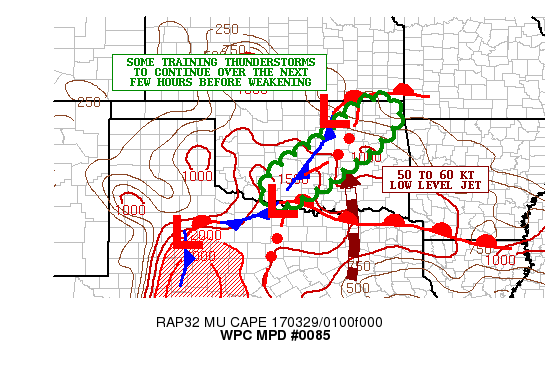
AREAS AFFECTED...SOUTHWEST TO CENTRAL/NORTHEAST OK

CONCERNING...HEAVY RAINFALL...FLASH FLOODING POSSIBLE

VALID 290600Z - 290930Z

SUMMARY...ADDITIONAL FLASH FLOODING IS EXPECTED FROM A REPEATING
BAND OF THUNDERSTORMS OVER THE NEXT FEW HOURS.

DISCUSSION...THE LATEST RADAR IMAGERY SHOWS A WELL-DEFINED AND
PROGRESSIVE BAND OF STRONG CONVECTION CONTINUING TO ADVANCE EAST
ACROSS NORTHERN AND CENTRAL TX WELL AHEAD OF A COLD FRONT STILL
SITUATED ACROSS WEST TEXAS ALONG WITH AN AREA OF LOW PRESSURE.
MEANWHILE...A SEPARATE AREA OF LOW PRESSURE JUST NORTHEAST OF
WICHITA FALLS TX REPRESENTS BASICALLY THE INTERSECTION OF THE
CONVECTIVE LINE SOUTH OF THE RED RIVER ALONG WITH A WELL-DEFINED
NORTHEASTWARD EXTENDING BAND OF CONVECTION THAT EXTENDS NOW INTO
NORTHEAST OK.

THE PORTION OF THE LINE SOUTHEAST OF OKLAHOMA CITY HAS BEEN
SHOWING SOME SIGNS OF WEAKENING OVER THE LAST COUPLE OF
HOURS...BUT MANY AREAS FROM SOUTHWEST TO CENTRAL OK HAVE ALREADY
SEEN LOCALLY SEVERAL INCHES OF RAIN. THE AXIS IS LIFTING INTO
NORTHEAST OK...AND ADDITIONAL CONVECTION BACK TO THE SOUTHWEST
WITH THE UPSTREAM SURFACE LOW NEAR THE TX/OK BORDER IS ASSOCIATED
WITH STRONGER UPPER FORCING. MEANWHILE...A STRONG LOW LEVEL JET OF
50 TO 60 KTS PERSISTS AHEAD OF THE CONVECTIVE BANDS...WHICH IS
HELPING TO TRANSPORT AS MUCH AS 1000 TO 1500 J/KG OF MUCAPE. PWATS
MEANWHILE ARE ON THE ORDER OF 1.25 TO 1.5 INCHES...AND HAS BEEN
CONTRIBUTING TO RAINFALL RATES AS HIGH AS 2 INCHES/HR.

THE MAIN CONCERN OVER THE NEXT SEVERAL HOURS WILL BE ADDITIONAL
CONVECTION FALLING ON AREAS THAT HAVE ALREADY SEEN HEAVY TOTALS.
THE SET-UP FOR REPEATING/TRAINING THUNDERSTORMS WILL CONTINUE FOR
A FEW MORE HOURS WITH AS MUCH AS AN ADDITIONAL 1 TO 3 INCHES OR
RAIN. BY LATER IN THE NIGHT TOWARD DAWN...THE HIRES GUIDANCE
AGREES IN A DOWNWARD TICK IN ORGANIZATION AND LOWER RAINFALL RATES.